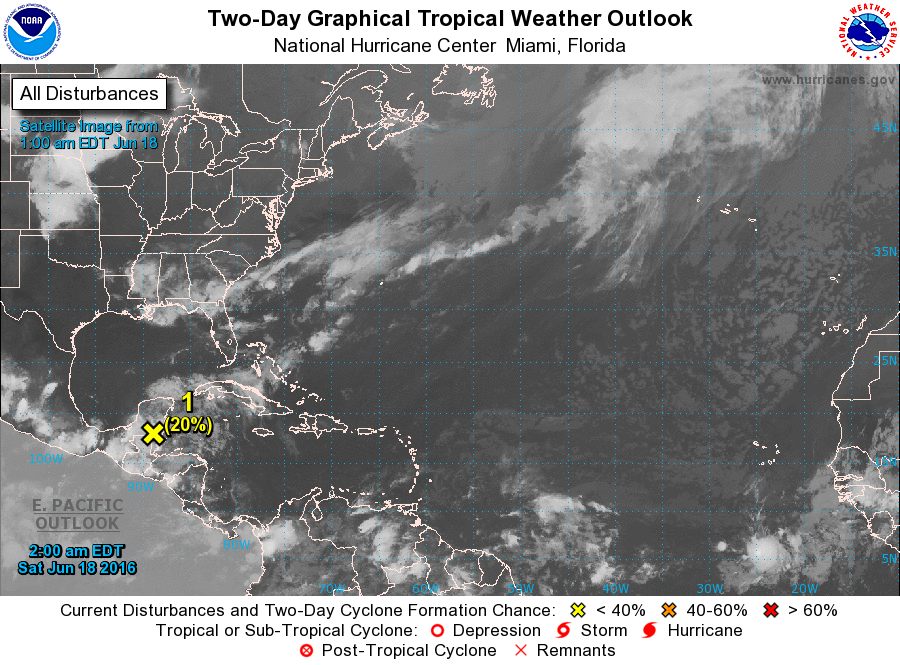
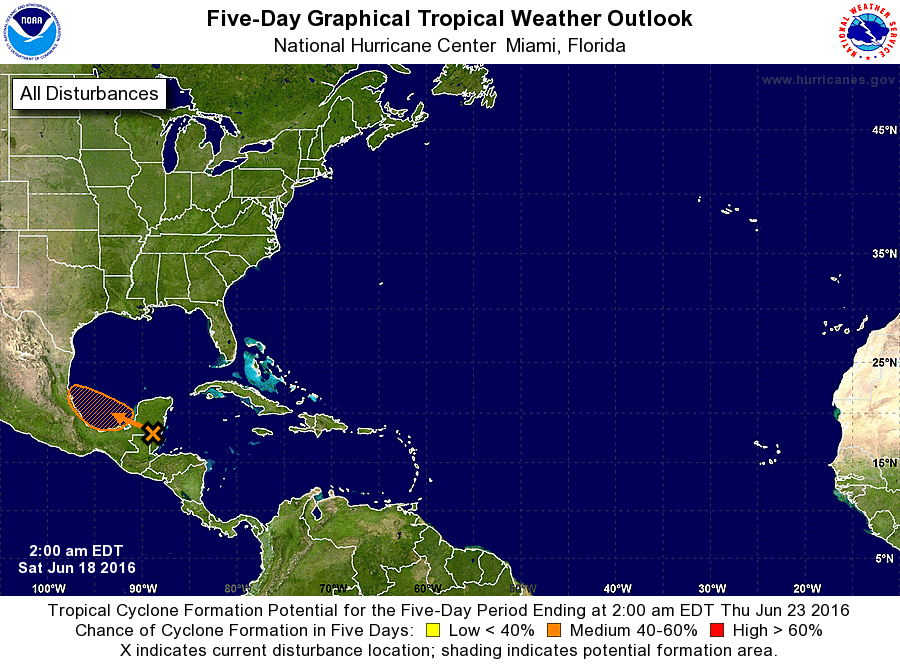
For the North Atlantic...Caribbean Sea and the Gulf of Mexico:

1. A tropical wave is producing disorganized thunderstorms and cloudiness over the Yucatan peninsula of Mexico, Belize, northern Guatemala, and adjacent waters of the northwestern Caribbean Sea. A weak surface low pressure system could form over the southern Yucatan peninsula during the next day or so. At this time, only slow development of this disturbance is expected due to proximity to land and only marginally conducive upper-level winds. The system is forecast to move westward to west-northwestward at about 10 mph during the next few days, emerging over the Bay of Campeche and the southwestern Gulf of Mexico by Sunday.
* Formation chance through 48 hours...low...20 percent
* Formation chance through 5 days...medium...40 percent

Forecaster Stewart